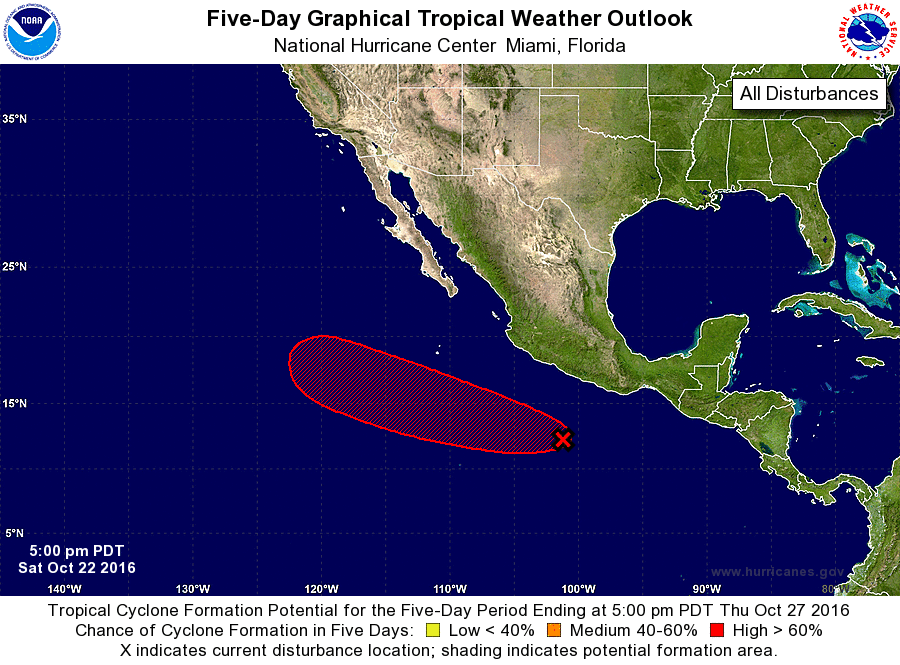
For the eastern North Pacific...east of 140 degrees west longitude:

1. Showers and thunderstorms associated with a low pressure system located about 350 miles south-southwest of Acapulco, Mexico, have not changed much in organization today. Environmental conditions are expected to gradually become more conducive during the next day or two, and a tropical depression is likely to form before Tuesday while the low moves west-northwestward at 10 to 15 mph.
* Formation chance through 48 hours...high...70 percent
* Formation chance through 5 days...high...80 percent

Forecaster Kimberlain